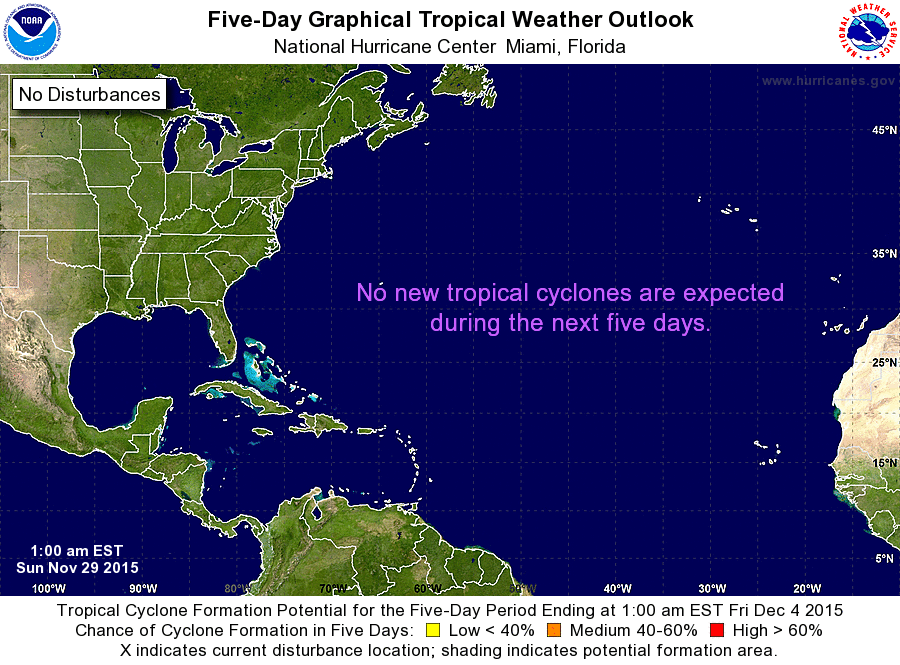
For the North Atlantic...Caribbean Sea and the Gulf of Mexico:

Tropical cyclone formation is not expected during the next 5 days.

Forecaster Berg